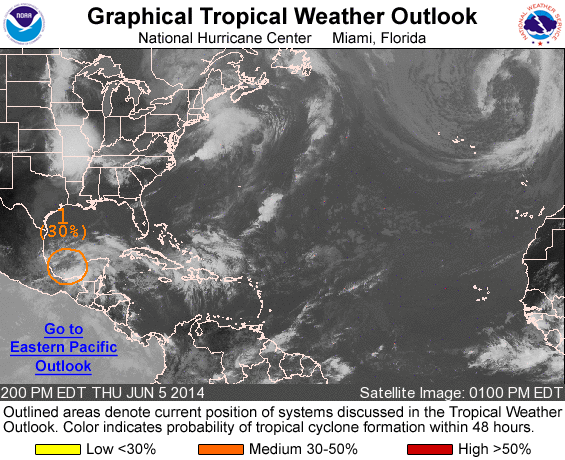
For the North Atlantic...Caribbean Sea and the Gulf of Mexico:

1. Disorganized showers and thunderstorms continue near a stationary low pressure area over the southern Bay of Campeche. Despite strong upper-level winds, some development of this system is possible over the next day or two while the lows drifts generally northwestward near eastern Mexico. This disturbance will continue to produce extremely heavy rains, along with life-threatening flash floods and mud slides over portions of southeastern Mexico during the next few days.
* Formation chance through 48 hours...medium...30 percent.
* Formation chance through 5 days...medium...30 percent.

Forecaster Blake